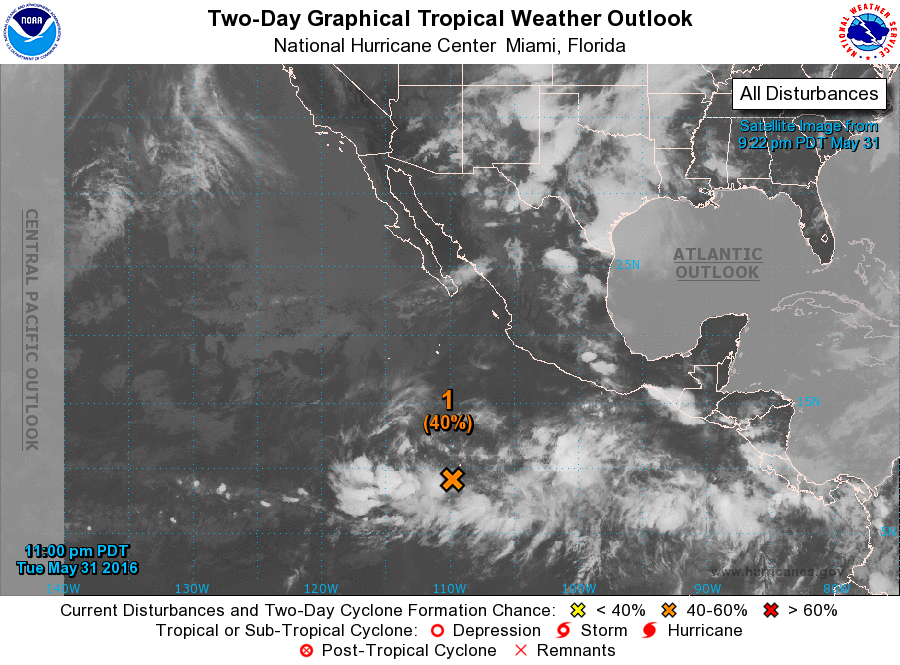
For the eastern North Pacific...east of 140 degrees west longitude:

1. A broad area of low pressure located about 1000 miles south of the southern tip of the Baja California peninsula is producing a large area of disorganized showers and thunderstorms. Environmental conditions are expected to be conducive for development of this system during the next several days, and a tropical depression is likely to form later this week as the disturbance moves slowly west-northwestward.
* Formation chance through 48 hours...medium...40 percent
* Formation chance through 5 days...high...90 percent

Forecaster Brown